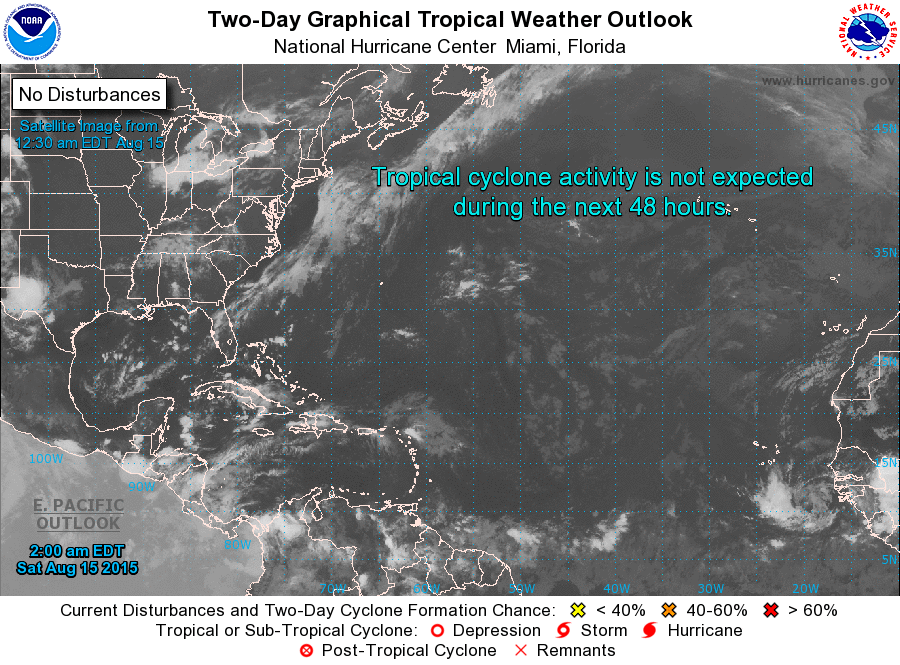
For the North Atlantic...Caribbean Sea and the Gulf of Mexico:

Tropical cyclone formation is not expected during the next 5 days.

Forecaster Berg